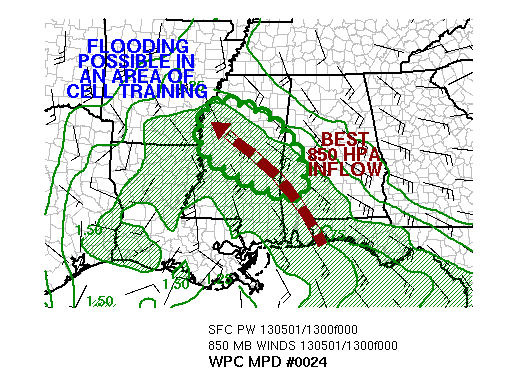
AREAS AFFECTED...SOUTHWEST AL AND CENTRAL MS

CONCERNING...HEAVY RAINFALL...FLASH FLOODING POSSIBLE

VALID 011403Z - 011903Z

SUMMARY...A BAND OF CONVECTION ACROSS SOUTHWEST AL AND CENTRAL MS
IS EXPECTED TO PERSIST THROUGH THE MORNING HOURS, WHICH COULD LEAD
TO FLASH FLOODING.

DISCUSSION...A QUASI-STATIONARY BAND OF THUNDERSTORMS WITH HEAVY
RAINFALL HAS BEGUN TRAINING ACROSS SOUTHWEST ALABAMA INTO CENTRAL
MISSISSIPPI.  A BAND OF PRECIPITABLE WATER (PW) VALUES IN EXCESS
OF 1.5 INCHES, WHICH IS ABOVE THE 75TH PERCENTILE FOR THE AREA FOR
MAY 1.  THE BAND OF BEST 850 HPA INFLOW IS EXPECTED TO REMAIN
QUASI-STATIONARY ACROSS WESTERN AL AND CENTRAL MS INTO THE EARLY
AFTERNOON, WHICH COULD CONTINUE CELL TRAINING OVER THE NEXT
SEVERAL HOURS.  CORFIDI/PROPAGATION VECTORS ARE OPPOSITE TO THE
LOW-LEVEL INFLOW, WHICH IS HELPING TO KEEP ONGOING CONVECTIVE
AREAS QUASI-STATIONARY.  THE AREA IS WITHIN A REGION OF
SIGNIFICANT DIVERGENCE ALOFT AHEAD OF A SLOW-MOVING UPPER LEVEL
LOW, THOUGH THERE IS A CONCERN THAT DRY AIR ALOFT TO THE SOUTH
COULD BE DEPRESSING RAINFALL RATES.  THE 09Z HRR HAS AN INDICATION
OF THIS ACTIVITY ACROSS MISSISSIPPI, WITH THE 11Z RAP SHOWING
PRECIPITATION IN THIS AREA THOUGH AMOUNTS APPEAR QUITE LIGHT.  THE
09Z HRR, 11Z RAP, AND 00Z ARW ARE COMPLETELY MISSING THE ALABAMA
ACTIVITY.  NEW SURFACE-BASED CONVECTION ALONG SEA BREEZE
BOUNDARIES IS EXPECTED TO FIRE ACROSS SOUTHEAST LA AND SOUTHERN MS
THIS AFTERNOON DUE TO A COMBINATION OF DAYTIME HEATING AND COOL
AIR ALOFT, WHICH MIGHT CAUSE THIS NORTHERN AREA IS FADE -- OR DIE
OFF -- EARLY THIS AFTERNOON AS THE 700 HPA LEVEL INFLOW FROM THE
GULF OF MEXICO IS CUT OFF.  LOCAL AMOUNTS OF 3-5 INCHES ARE
POSSIBLE WHERE CELLS TRAIN, WHICH SHOULD FALL WITHIN A FEW HOURS'
TIME.  FLASH FLOOD GUIDANCE IS IN THIS AREA IS 2.5-3 INCHES IN
THREE HOURS, WHICH COMBINED WITH THE LOCALLY HEAVY RAINFALL
POTENTIAL, WOULD LEAD TO FLASH FLOODING IF CELL TRAINING CONTINUES
THROUGH THE REMAINDER OF THE MORNING HOURS.